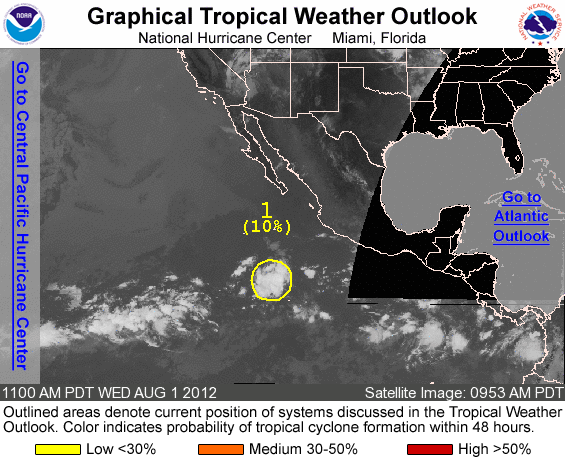
FOR THE EASTERN NORTH PACIFIC...EAST OF 140 DEGREES WEST LONGITUDE..

1. A SMALL AREA OF DISTURBED WEATHER...ASSOCIATED WITH A TROPICAL WAVE...HAS FORMED ABOUT 700 MILES SOUTHWEST OF MANZANILLO MEXICO. DEVELOPMENT...IF ANY...IS EXPECTED TO BE SLOW TO OCCUR AS THE WAVE MOVES TO THE WEST AT 10 TO 15 MPH. THIS SYSTEM HAS A LOW CHANCE... 10 PERCENT...OF BECOMING A TROPICAL CYCLONE DURING THE NEXT 48 HOURS.

ELSEWHERE...TROPICAL CYCLONE FORMATION IS NOT EXPECTED DURING THE NEXT 48 HOURS.

FORECASTER BLAKE